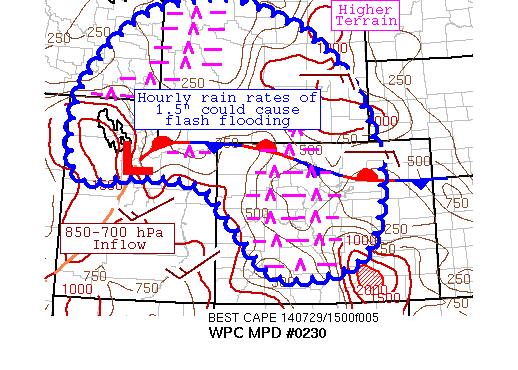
AREAS AFFECTED...PORTIONS OF THE CENTRAL ROCKIES

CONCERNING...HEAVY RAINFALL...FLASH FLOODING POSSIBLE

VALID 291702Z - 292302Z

SUMMARY...SHOWERS AND THUNDERSTORMS HAVE STARTED TO BUILD AS AN
UPPER LEVEL LOW APPROACHES THE REGION AND SOLAR INSOLATION
INCREASES INSTABILITY ACROSS THE REGION.  COUPLED WITH HIGHLY
ANOMALOUS MOISTURE VALUES, FLASH FLOODING IS POSSIBLE IN THIS
REGION.

DISCUSSION...PRECIPITABLE WATER VALUES ~1.25", 2-3 STANDARD
DEVIATIONS ABOVE NORMAL OR ABOVE THE 90TH PERCENTILE FOR LATE JULY
-- HAVE BEEN ESCORTED INTO THE REGION AHEAD OF AN UPPER LEVEL LOW
MOVING ACROSS UT.  THE SPC MESOANALYSIS PAGE INDICATES MIXED LAYER
CAPE VALUES OF 1000-2000 J/KG ACROSS WESTERN UT, WITH A GROWING
AREA OF 500-1500 J/KG CAPE ACROSS SOUTHEAST WY AND EASTERN CO.
WEAK UPSLOPE FLOW, ON THE ORDER OF 10-15 KTS, APPEAR TO BE FOCUSED
INTO THE CENTRAL CONTINENTAL DIVIDE FROM BOTH SIDES PER THE LATEST
RAP RUNS AND VAD WIND PROFILES.

THE THREE-HOUR 00Z SSEO ENSEMBLE- BASED FLASH FLOOD GUIDANCE
EXCEEDANCE OVER THE NEXT SEVERAL HOURS INDICATE THAT PORTIONS OF
CENTRAL CO, SOUTHEAST WY, AND FAR WESTERN WY HAVE A 50+% CHANCE OF
FLASH FLOODING THROUGH 23Z.  A FRONTAL ZONE ALONG WITH INFLOW INTO
THE TOPOGRAPHY SHOULD HELP FOCUS CONVECTION.  BOTH SETS OF
PROPAGATION VECTORS INDICATE 5-10 KT MOTION TO THE EAST IS
EXPECTED LATE THIS MORNING INTO THIS AFTERNOON, THOUGH SOME DRY
AIR ALOFT COULD SPEED UP ACTIVITY INTO THE 10-15 KT RANGE -- CELL
TRAINING IS POSSIBLE ONCE COLD POOLS DEVELOP.  HOURLY RAIN RATES
UP TO 1.5" ARE POSSIBLE WITHIN THIS RELATIVELY MOIST AIR MASS,
WITH A SIGNIFICANT PERCENTAGE OF THE MESOSCALE QPF GUIDANCE
INDICATING LOCAL AMOUNTS OF 2-3" POSSIBLE WITHIN A SHORT PERIOD OF
TIME.  FLASH FLOODING IS CONSIDERED POSSIBLE.